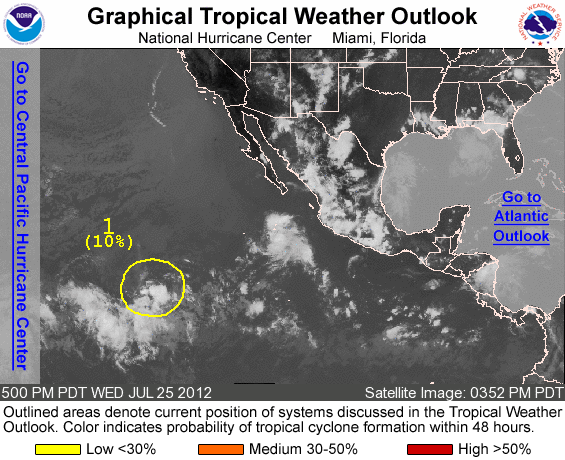
FOR THE EASTERN NORTH PACIFIC...EAST OF 140 DEGREES WEST LONGITUDE..

1. AN AREA OF LOW PRESSURE LOCATED ABOUT 1400 MILES SOUTHWEST OF THE SOUTHERN TIP OF BAJA CALIFORNIA IS PRODUCING DISORGANIZED SHOWERS AND THUNDERSTORMS. SIGNIFICANT DEVELOPMENT IS NOT ANTICIPATED AS THE SYSTEM MOVES WESTWARD OR WEST-NORTHWESTWARD AT 10 TO 15 MPH. THIS SYSTEM HAS A LOW CHANCE...10 PERCENT...OF BECOMING A TROPICAL CYCLONE DURING THE NEXT 48 HOURS.

ELSEWHERE...TROPICAL CYCLONE FORMATION IS NOT EXPECTED DURING THE NEXT 48 HOURS.

FORECASTER PASCH